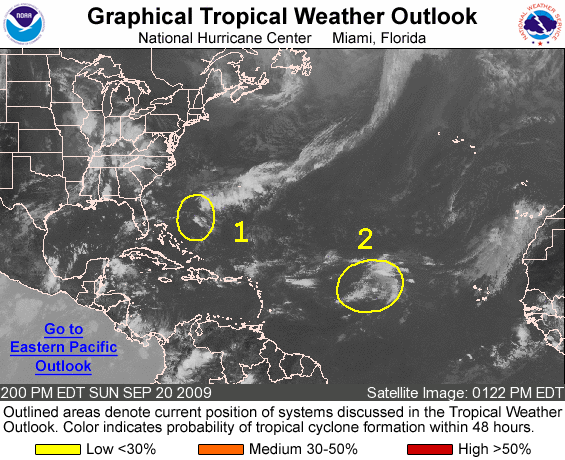
FOR THE NORTH ATLANTIC...CARIBBEAN SEA AND THE GULF OF MEXICO...

1. A SMALL AREA OF LOW PRESSURE...ASSOCIATED WITH THE REMNANTS OF FRED...IS LOCATED ABOUT 350 MILES EAST-NORTHEAST OF THE NORTHWESTERN BAHAMAS AND IS MOVING WEST-NORTHWESTWARD AT AROUND 10 MPH. TROPICAL CYCLONE FORMATION IS NOT EXPECTED DUE TO UNFAVORABLE UPPER-LEVEL WINDS.

2. A BROAD AREA OF LOW PRESSURE LOCATED ABOUT 900 MILES EAST OF THE WINDWARD ISLANDS IS PRODUCING DISORGANIZED SHOWER AND THUNDERSTORM ACTIVITY. DEVELOPMENT OF THIS SYSTEM IS NOT LIKELY DUE TO STRONG UPPER-LEVEL WINDS. THERE IS A LOW CHANCE...LESS THAN 30 PERCENT... OF THIS SYSTEM BECOMING A TROPICAL CYCLONE DURING THE NEXT 48 HOURS.

ELSEWHERE...TROPICAL CYCLONE FORMATION IS NOT EXPECTED DURING THE NEXT 48 HOURS.

FORECASTER BERG